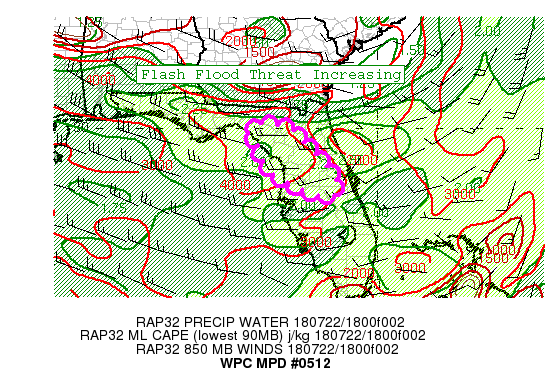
AREAS AFFECTED...NORTHERN FLORIDA

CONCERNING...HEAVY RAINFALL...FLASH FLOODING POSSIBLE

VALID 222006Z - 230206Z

SUMMARY...FLASH FLOODING THREAT INCREASING ACROSS PORTIONS OF
NORTHERN FLORIDA.

DISCUSSION...A NORTHWEST TO SOUTHEAST ORIENTED LINE OF CONVECTION
IS PRODUCING HEAVY RAINFALL OVER PORTIONS OF NORTHERN FL. AROUND
5000 J/KG OF MLCAPE IS SITUATED ALONG THE NORTHWEST FL COAST
FEEDING INTO THIS ACTIVITY. 850 MB WESTERLY FLOW IS PARALLEL AND
NEARLY EQUAL TO THE MEAN WINDS ACROSS THE AREA...SUPPORTIVE OF
BACKBUILDING TO THE WEST INTO THE INSTABILITY POOL. PWAT VALUES AT
OR ABOVE 2.25" ARE COMMON AS WELL...PLENTY HIGH ENOUGH FOR RATES
SUPPORTIVE OF FLOODING.

HAVE RECENTLY SEEN AN OUTFLOW BOUNDARY DROP SOUTH OUT OF THE
CONVECTION...BUT THIS BOUNDARY IS ONLY SLOWLY MOVING SOUTH AND IS
ACTING AS AN ADDITIONAL FOCUS FOR TRAINING CELLS TO ITS NORTH.
NOTE A VIGOROUS SHORTWAVE UPSTREAM APPROACHING THE AL/GA BORDER.
STORMS HAVE DEVELOPED AHEAD OF THIS FEATURE AND ARE JUST NOW
MOVING INTO THE WESTERN FL PANHANDLE. AS THIS SHORTWAVE CONTINUES
TO DROP SOUTHEAST AND OVERRUNS THE ONGOING CONVECTIVE ACTIVITY AND
OUTFLOW BOUNDARY...SEE NO REASON WHY CONVECTION WILL NOT CONTINUE
TO EXPAND IN COVERAGE. WHILE THIS FEATURE SHOULD HELP PUSH THE
EFFECTIVE OUTFLOW BOUNDARY SOUTHWARD WITH TIME...THERE WILL STILL
LIKELY BE A SEVERAL HOUR PERIOD FAVORABLE FOR TRAINING CONVECTION
ALONG AND JUST NORTH OF THE OUTFLOW. THIS SCENARIO IS DEPICTED
WELL BY THE 12Z HREF MEMBERS AND RECENT HRRR RUNS.

ANTICIPATE WE WILL SEE A SWATH OF RAINFALL EXCEEDING
5"...RESULTING IN AT LEAST SOME FLASH FLOOD POTENTIAL INTO THE
EVENING HOURS. BASED ON RECENT RADAR TRENDS...WOULD THINK THE 18Z
HRRR IS PROBABLY TOO FAR NORTH...ALTHOUGH ITS OVERALL DEPICTION
SEEMS REASONABLE. THUS PREFER SOMETHING LIKE A SOUTHWARD SHIFTED
HRRR AND THE 12Z NSSL WRF. THE OUTFLOW IS MOST PROGRESSIVE ALONG
THE EAST COAST OF FL. THUS THE HIGHEST FLASH FLOOD POTENTIAL IS
LIKELY ACROSS THE WEST COAST OF FL INTO NORTH CENTRAL FL...WHERE
THE OUTFLOW PROGRESSION IS BEING SLOWED BY THE STRONGER WESTERLY
INFLOW OF HIGHLY UNSTABLE AIR.